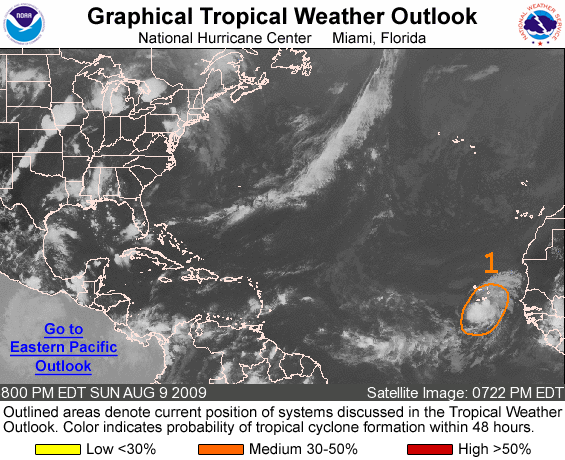
FOR THE NORTH ATLANTIC...CARIBBEAN SEA AND THE GULF OF MEXICO...

1. THE BROAD AREA OF LOW PRESSURE LOCATED JUST SOUTH OF THE SOUTHERN CAPE VERDE ISLANDS HAS CHANGED LITTLE IN ORGANIZATION THIS EVENING. CONDITIONS APPEAR FAVORABLE FOR DEVELOPMENT OF THIS SYSTEM AND IT COULD BECOME A TROPICAL DEPRESSION DURING THE NEXT DAY OR TWO AS IT MOVES GENERALLY WESTWARD AT 10 TO 15 MPH. THERE IS A MEDIUM CHANCE...30 TO 50 PERCENT...OF THIS SYSTEM BECOMING A TROPICAL CYCLONE DURING THE NEXT 48 HOURS. ASSOCIATED SHOWERS AND THUNDERSTORMS WITH LOCALLY GUSTY WINDS COULD AFFECT PORTIONS OF THE CAPE VERDE ISLANDS DURING THE NEXT 24 HOURS.

ELSEWHERE...TROPICAL CYCLONE FORMATION IS NOT EXPECTED DURING THE NEXT 48 HOURS.

FORECASTER ROBERTS/BROWN